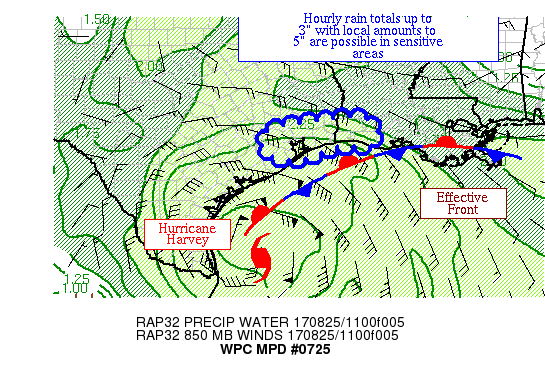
AREAS AFFECTED...UPPER TX/SOUTHWEST LA COASTAL PLAIN

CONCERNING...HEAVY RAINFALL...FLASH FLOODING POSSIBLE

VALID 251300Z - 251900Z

SUMMARY...AN OUTER BAND FROM HURRICANE HARVEY IS APPROACHING AREAS
THAT HAVE EXPERIENCED THEIR ANNUAL AVERAGE RAINFALL.  FLASH
FLOODING IS A CONCERN.

DISCUSSION...HURRICANE HARVEY IS PINNING NORTHWEST OFFSHORE THE
LOWER TX COAST.  TO ITS NORTHEAST, A RAIN BAND IS INTERSECTING AN
EFFECTIVE FRONTAL ZONE JUST OFFSHORE SOUTHEAST TX AND STRADDLING
THE LA COAST.  THE EFFECTIVE FRONT SEPARATES DEW POINTS IN THE 60S
AND LOW 70S FROM MID AND UPPER 70S DEW POINTS TO THE SOUTH.
PRECIPITABLE WATER VALUES ARE 2.25-2.5".  INFLOW AT 850 HPA IS
CONVERGENT AT 25-40 KTS, ABOUT 50% ABOVE THE MEAN 850-400 HPA WIND.

THE MAIN METEOROLOGICAL CONCERN IS THAT THE BAND COULD HANG UP AND
TRAIN SOMEWHERE NEAR THE GOLDEN TRIANGLE OF SOUTHEAST TX AND/OR
IMPERIAL CALCASIEU OF THE NEXT SEVERAL HOURS.  CLOUDY SKIES SHOULD
KEEP THE INSTABILITY GRADIENT RELATIVELY COASTAL, PARTICULARLY
NEAR SOUTHWEST LA.  THE MESOSCALE GUIDANCE APPEARS TOO FAR SOUTH
WITH HARVEY'S OVERALL RAIN PATTERN PER RECENT RADAR TRENDS.
SOUTHWEST LA IN PARTICULAR HAS ALREADY RECEIVED THEIR ANNUAL
AVERAGE RAINFALL.  PORT ARTHUR TX ITSELF IS SENSITIVE TO
ADDITIONAL RAINS DUE TO DAM-RELATED ISSUES.  WITH HOURLY RAIN
RATES UP TO 3" AND LOCAL AMOUNTS TO 5" POSSIBLE, FLASH FLOODING IS
A THREAT ACROSS SENSITIVE AND URBAN AREAS.